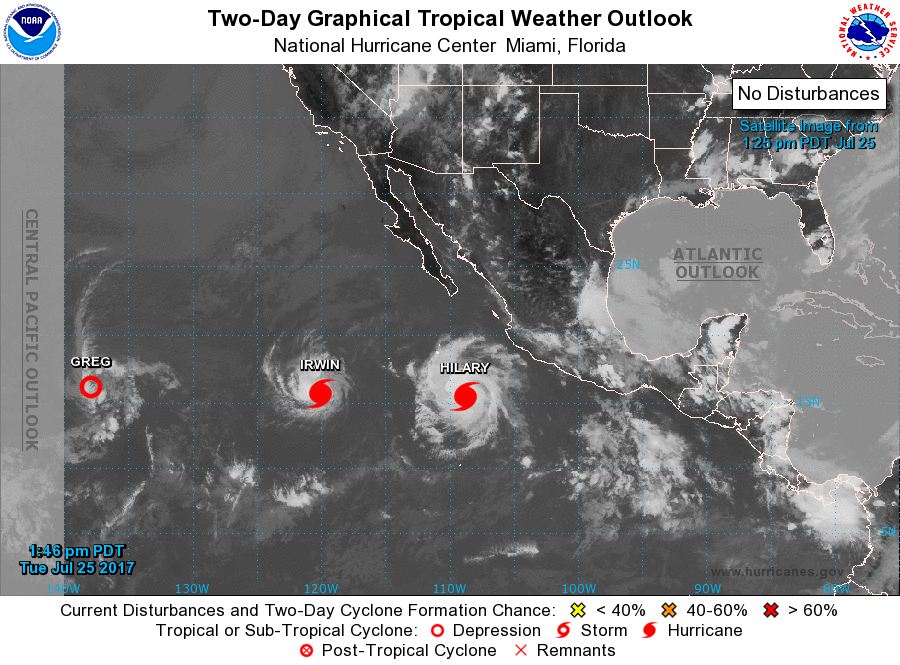
For the eastern North Pacific...east of 140 degrees west longitude:

The National Hurricane Center is issuing advisories on Tropical Storm Greg, located more than 1000 miles east of the Big Island of Hawaii, on Hurricane Hilary, located several hundred miles southwest of Manzanillo, Mexico, and on Hurricane Irwin, located several hundred miles southwest of the southern tip of the Baja California peninsula.

1. An area of low pressure could form several hundred miles south of Mexico in a day or two. Development, if any, of this system is expected to be slow to occur for the next few days while it moves west-northwestward at 5 to 10 mph. Upper-level winds could become more conducive for some development by the weekend as Hurricane Hilary moves farther away from the disturbance.
* Formation chance through 48 hours...low...near 0 percent.
* Formation chance through 5 days...low...30 percent.

Forecaster Blake